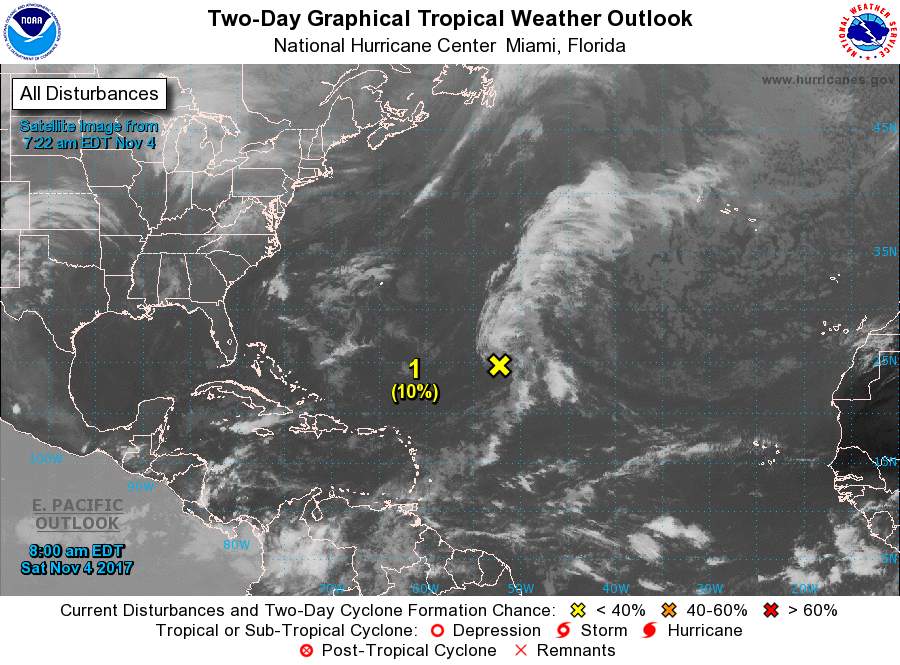
For the North Atlantic...Caribbean Sea and the Gulf of Mexico:

1. A low pressure area about 950 miles southeast of Bermuda continues to produce some disorganized shower and thunderstorm activity. This low could acquire some tropical or subtropical characteristics as it moves to the north-northeast over the central Atlantic this weekend into early next week.
* Formation chance through 48 hours...low...10 percent.
* Formation chance through 5 days...low...30 percent.

Forecaster Blake